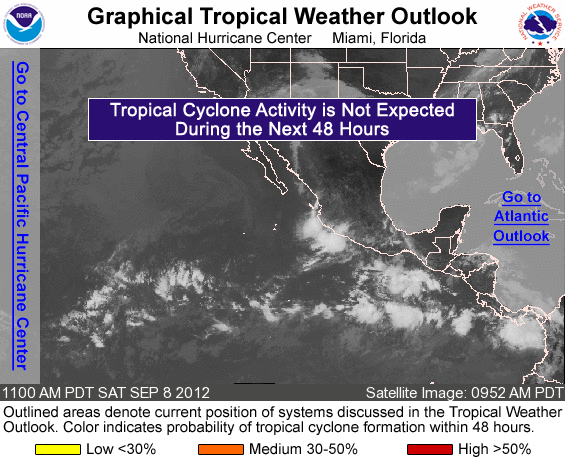
FOR THE EASTERN NORTH PACIFIC...EAST OF 140 DEGREES WEST LONGITUDE..

TROPICAL CYCLONE FORMATION IS NOT EXPECTED DURING THE NEXT 48 HOURS.

FORECASTER BLAKE